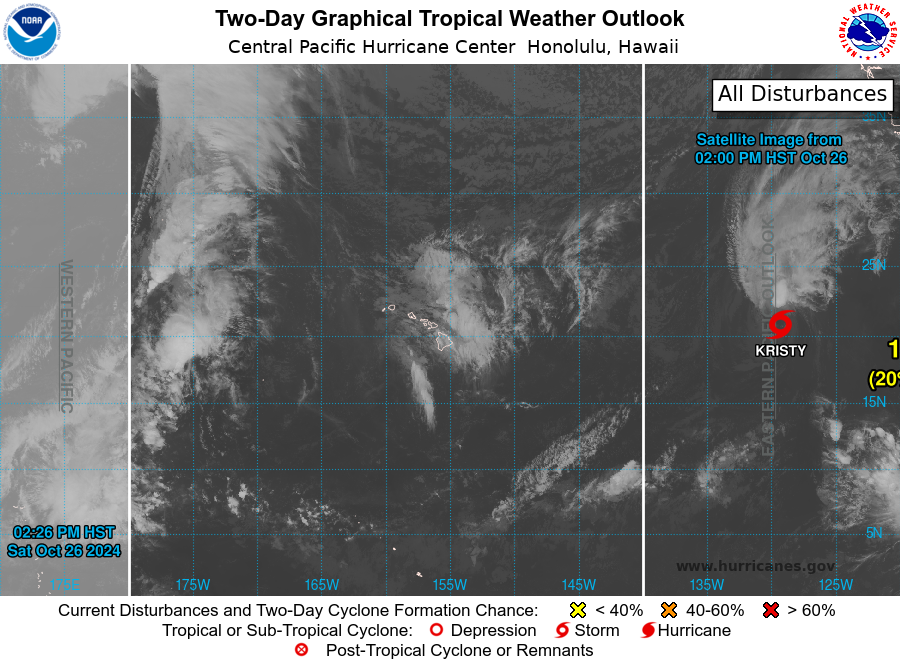
For the central North Pacific...between 140W and 180W:

1. About 2500 miles east-southeast of Hilo, Hawaii: A large area of disorganized showers and thunderstorms is located well to the southwest of the southwestern tip of the Baja California peninsula. Environmental conditions appear conducive for development of this system, and a tropical depression is likely to form by the early to middle part of next week while moving westward or west-northwestward at about 15 mph over the far western portion of the eastern Pacific basin. This system is expected to move into the central Pacific basin on Wednesday or Thursday.
* Formation chance through 48 hours...low...20 percent.
* Formation chance through 7 days...high...70 percent.

Elsewhere, no tropical cyclones are expected during the next 7 days.

Forecaster Birchard